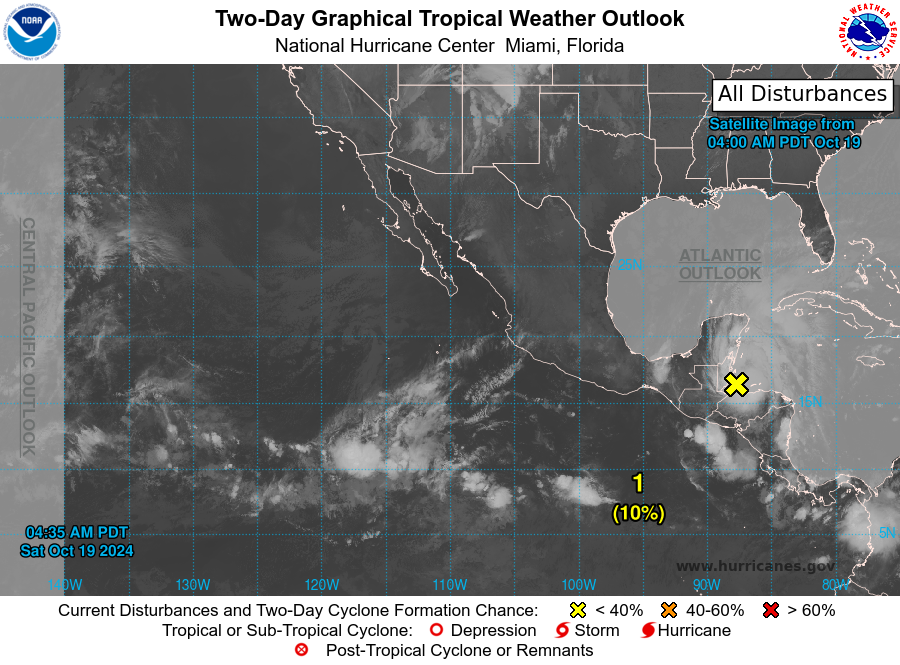
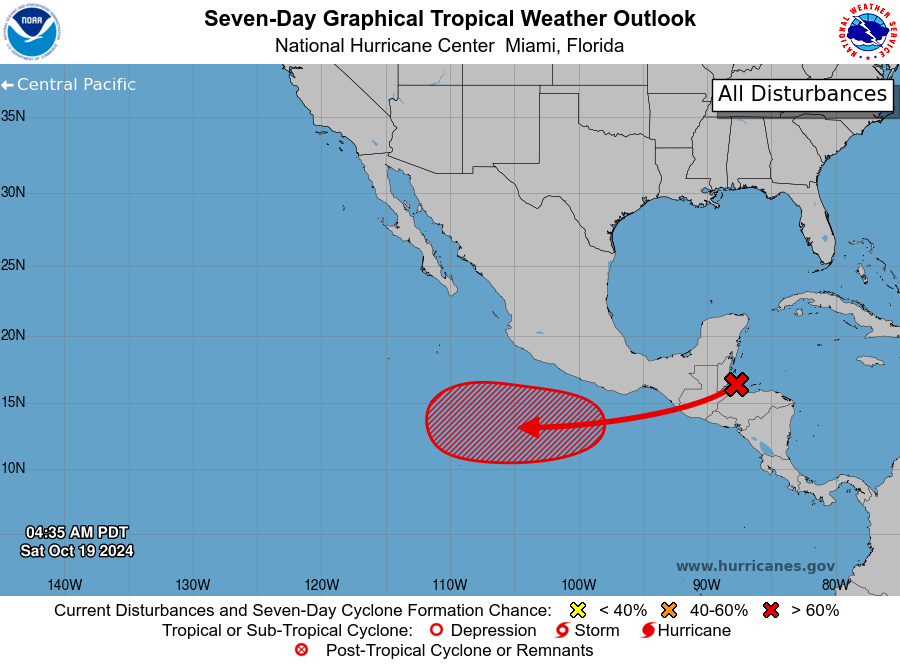
For the eastern North Pacific...east of 140 degrees west longitude:

1. South of Southwestern Mexico: After Nadine dissipates over southern Mexico, its remnants are expected to move into the eastern Pacific. The combination of the remnants of Nadine and influences from the Gulf of Tehuantepec gap wind event are forecast to result in formation of a new low pressure system off the coast of southwestern Mexico in a couple of days. Additional development is expected after that time, and a tropical depression is likely to form during the early to middle part of next week while the system moves westward at about 15 mph away from the coast of Mexico.
* Formation chance through 48 hours...low...10 percent.
* Formation chance through 7 days...high...80 percent.

Forecaster Cangialosi